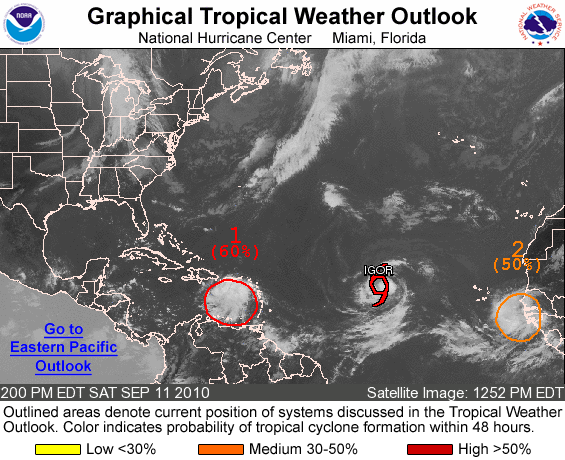
FOR THE NORTH ATLANTIC...CARIBBEAN SEA AND THE GULF OF MEXICO...

THE NATIONAL HURRICANE CENTER IS ISSUING ADVISORIES ON TROPICAL STORM IGOR...LOCATED ABOUT 1030 MILES WEST OF THE CAPE VERDE ISLANDS.

1. SHOWERS AND THUNDERSTORMS HAVE CHANGED LITTLE IN ASSOCIATION WITH A BROAD AREA OF LOW PRESSURE LOCATED OVER THE EASTERN CARIBBEAN SEA. ENVIRONMENTAL CONDITIONS APPEAR FAVORABLE FOR DEVELOPMENT...AND A TROPICAL DEPRESSION COULD FORM AS THE SYSTEM MOVES WESTWARD INTO THE CENTRAL AND WESTERN CARIBBEAN SEA. THERE IS A HIGH CHANCE...60 PERCENT...OF THIS SYSTEM BECOMING A TROPICAL CYCLONE DURING THE NEXT 48 HOURS. REGARDLESS OF DEVELOPMENT...LOCALLY HEAVY RAINFALL IS POSSIBLE IN THE NORTHERN LEEWARD ISLANDS...PUERTO RICO...THE VIRGIN ISLANDS...AND HISPANIOLA DURING THE NEXT DAY OR SO. THESE RAINS COULD CAUSE LIFE-THREATENING FLASH FLOODS AND MUD SLIDES... ESPECIALLY IN MOUNTAINOUS TERRAIN.

2. SATELLITE IMAGERY AND UPPER-AIR OBSERVATIONS INDICATE THAT THE VIGOROUS TROPICAL WAVE AND ASSOCIATED LOW PRESSURE AREA NEAR THE WEST COAST OF AFRICA HAVE BECOME BETTER ORGANIZED DURING THE PAST SEVERAL HOURS. SURFACE PRESSURES ARE QUITE LOW...AND A TROPICAL DEPRESSION COULD FORM OVER THE NEXT COUPLE OF DAYS AS THIS SYSTEM MOVES TOWARD THE WEST OR WEST-NORTHWEST AT 10 TO 15 MPH. THERE IS A MEDIUM CHANCE...50 PERCENT...OF THIS SYSTEM BECOMING A TROPICAL CYCLONE DURING THE NEXT 48 HOURS.

ELSEWHERE...TROPICAL CYCLONE FORMATION IS NOT EXPECTED DURING THE NEXT 48 HOURS.

FORECASTER BLAKE/BRENNAN